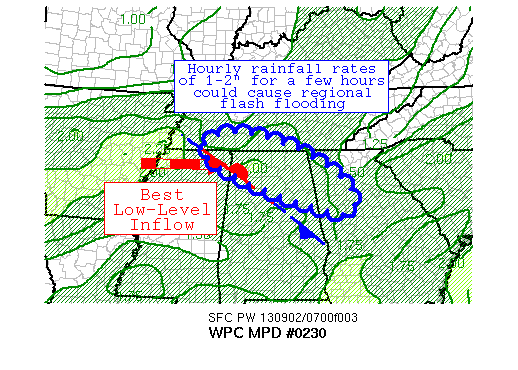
AREAS AFFECTED...SOUTHERN TN...NORTHERN AL...NORTHWEST GA

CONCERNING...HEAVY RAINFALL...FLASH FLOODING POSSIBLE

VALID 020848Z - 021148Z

SUMMARY...A FORMING BAND OF CONVECTION JUST BEHIND AN OLD POLAR
FRONT/BAROCLINIC TROUGH IS PROPAGATING GENERALLY ALONG ITS AXIS,
LEADING TO THE POSSIBILITY OF REGIONAL FLASH FLOODING.

DISCUSSION...AN AXIS OF WEAK SURFACE CONVERGENCE WITH CAPE VALUES
JUST TO ITS WEST AROUND 2000 J/KG COMBINED WITH LOW-LEVEL INFLOW
OF AROUND 20 KNOTS HAS BEGUN TO FOCUS A FORMING BAND OF
THUNDERSTORMS.  ACTIVITY IS BACKBUILDING ACROSS SOUTHWEST TN,
LIKELY DUE TO AN INCREASE IN LOW-LEVEL INFLOW, HAS HELPED TO
LENGTHEN THIS CONVECTIVE BAND.  DIVERGENCE ALOFT EXISTS BETWEEN A
PAIR OF UPPER LEVEL LOWS NEAR SOUTHEAST GA AND THE MIDDLE TX COAST
AND THE MAIN BRANCH OF THE WESTERLIES ACROSS THE OHIO VALLEY.
LOW-LEVEL WIND SHEAR OF AROUND 30 KNOTS IS HELPING TO ORGANIZE THE
BAND.  CIN ALONG THE SURFACE BOUNDARY IS FORCING THE CONVECTION TO
BE GENERALLY ELEVATED OVER THE SURFACE BOUNDARY.  THE
CAPE/LOW-LEVEL WIND SHEAR COMBINATION FAVORS A WET MACROBURST
MULTI-CELL PATTERN.  PRECIPITABLE WATER VALUES OF 1.75-2" IN THIS
AREA ARE BETWEEN THE 85TH AND 90TH PERCENTILES FOR EARLY
SEPTEMBER, WHICH SHOULD LEAD TO GREATER THAN NORMAL PRECIPITATION
EFFICIENCY.  RECENT RADAR IMAGERY SUPPORTS THIS OVERALL SCENARIO,
WITH 1-2" HOURLY RAINFALL RATES.  CORFIDI VECTORS AND 850-400 HPA
MEAN LAYER WINDS SUPPORT A MOVEMENT TO THE EAST-SOUTHEAST.

THE 21Z/00Z/03Z RUNS OF THE HRRR HAVE DONE A VERY GOOD JOB
FORECASTING THIS BAND TO DEVELOP, AND THE 00Z SSEO NEIGHBORHOOD
PROBABILITIES INDICATED A 50% CHANCE OF EXCEEDING FLASH FLOOD
GUIDANCE VALUES IN NORTHEAST AL.  FLASH FLOOD GUIDANCE VALUES ARE
FAIRLY HIGH, ON THE ORDER OF 3-4 INCHES IN 3 HOURS.  AS A FEW
HOURS OF TRAINING IS EXPECTED BEFORE CAPE VALUES BEGIN TO EXHAUST,
LOCAL RAINFALL AMOUNTS OF 2-4 INCHES ARE CONSIDERED POSSIBLE,
WHICH COULD CAUSE REGIONAL FLASH FLOODING.  CONFIDENCE IN THIS
OVERALL SCENARIO PLAYING OUT IS AVERAGE.